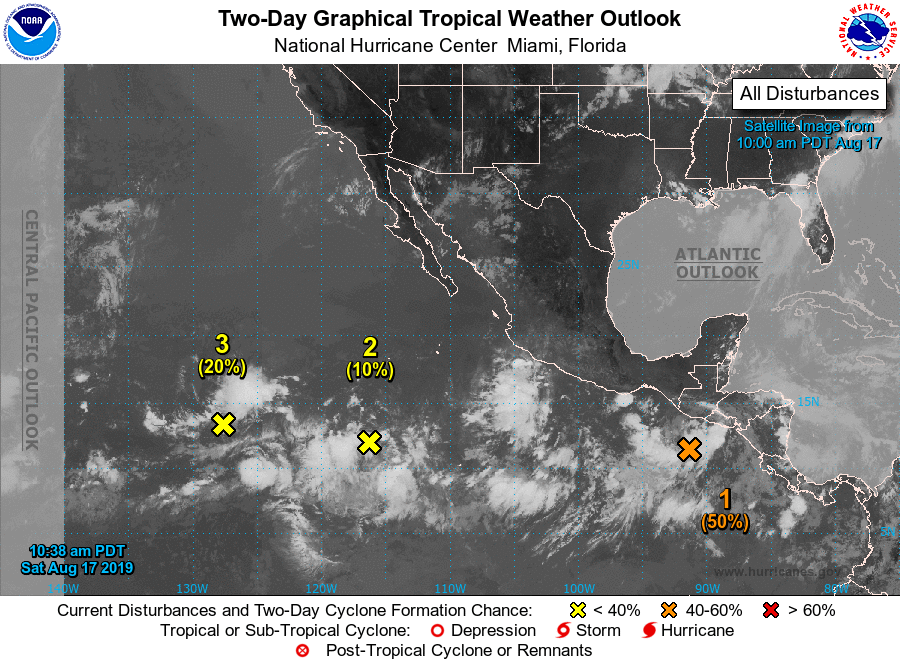
For the eastern North Pacific...east of 140 degrees west longitude:

1. An area of low pressure located a couple of hundred miles south of the coast of Guatemala continues to produce disorganized showers and thunderstorms. NOAA and the National Science Foundation are currently conducting a research mission in this system, and the data from the mission indicate that the circulation remains broad and elongated, and surface pressures are relatively high. Still, environmental conditions are expected to be conducive for development, and a tropical depression is likely to form early next week while the low moves west-northwestward at about 10 mph parallel to the coast of Mexico. Regardless of development, moisture associated with the low is forecast to produce heavy rainfall and possible flash flooding across portions of El Salvador, Guatemala, and southeastern Mexico during the next few days.
* Formation chance through 48 hours...medium...50 percent.
* Formation chance through 5 days...high...80 percent.

2. A tropical wave located about 850 miles south-southwest of the southern tip of the Baja California peninsula is producing disorganized shower and thunderstorm activity. Some slow development of this system is possible over the next several days while it moves westward to west-northwestward at 5 to 10 mph.
* Formation chance through 48 hours...low...10 percent.
* Formation chance through 5 days...low...20 percent.

3. Another tropical wave located about 1300 miles west-southwest of the southern tip of the Baja California peninsula continues to produce disorganized showers and thunderstorms. Gradual development of this system is possible during the next couple of days while it moves slowly westward at about 5 mph across the southwestern portion of the eastern Pacific.
* Formation chance through 48 hours...low...20 percent.
* Formation chance through 5 days...low...20 percent.

Forecaster Berg